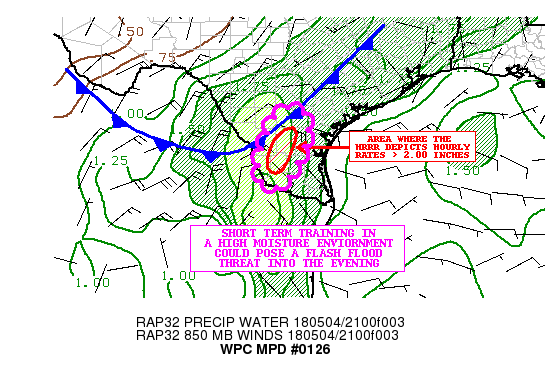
AREAS AFFECTED...SOUTH TX

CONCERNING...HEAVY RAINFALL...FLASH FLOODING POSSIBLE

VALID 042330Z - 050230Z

SUMMARY...SHORT TERM TRAINING AND CELL MERGERS COULD PRODUCE
HOURLY RAINFALL RATES IN EXCESS OF 2.00 INCHES...WHICH COULD POSE
A FLASH FLOOD THREAT INTO THE EVENING HOURS.

DISCUSSION...THE MOST RECENT GOES-16 CLEAN IR LOOP SHOWED AN
INCREASING AREA OF COOLING TOPS ACROSS FAR SOUTH TX INTO
COAHUILA...NUEVO LEON AND TAMAULIPAS IN NEARBY MEXICO (WITH CLOUD
TOPS TEMPERATURES AS COLD AS -75 CELSIUS). THE CONVECTION IS
FORMING IN AN AXIS OF OF 1000-1500 J/KG OF MLCAPE EXTENDING ACROSS
FAR SOUTH TX... AHEAD OF A COLD FRONT DROPPING SOUTH FROM CENTRAL
TX.

THE CONVECTION IS FORMING ALONG A STRONG PRECIPITABLE WATER
GRADIENT...WITH VALUES NEAR 2.00 INCHES NEAR THE RIO GRANDE RIVER.
THUS FAR...THE CONVECTION HAS BEEN FAIRLY SCATTERED ACROSS SOUTH
TX...BUT PER THE KCRP RADAR...THE CONVECTION THAT HAS FORMED HAS
PRODUCED HOURLY RAINFALL RATES OVER 2.00 INCHES OVER DUVALL
COUNTY. THE HCA PRODUCT FROM KCRP SUGGESTS THAT THESE RAINFALL
RATES COULD BE HAIL CONTAMINATED AS RAP SOUNDINGS IN SOUTH TX DID
SHOW SOME DRY AIR IN THE MID LEVELS AWAY FROM THE COAST.

WITH THE BEST FORCING STILL NORTH AND WEST OF THE REGION THROUGH
THE EARLY EVENING HOURS...IT IS STILL UNCLEAR JUST HOW WIDESPREAD
THE CONVECTION BECOMES. THE MOST RECENT HRRR INDICATED CONVECTION
FORMING AHEAD OF THE LINE (WITH PROVIDES LOW LEVEL CONVERGENCE)
AND DROPPING SOUTH TOWARD THE RIO GRANDE RIVER. LOCAL RADARS ALSO
SHOWED OUTFLOW BOUNDARIES BEING PRODUCED...AND THE INTERSECTIONS
OF OUTFLOW BOUNDARIES COULD ALSO PRESENT AN OPPORTUNITY FOR FLASH
FLOODING.

IN THIS SCENARIO...CELLS WITH HOURLY RAINFALL RATES IN EXCESS OF
2.00 INCHES COULD TRAIN OR MERGE. TRAINING OR MERGERS COULD RESULT
IN LOCAL 4.00 INCH RAINFALL AMOUNTS...WHICH COULD OCCUR IN LESS
THAN TWO HOURS. ONE AND THREE HOUR FLASH FLOOD GUIDANCE VALUES ARE
FAIRLY HIGH (GENERALLY ABOVE 3.00 INCHES)...SO TRAINING OR CELL
MERGERS WOULD BE NECESSARY FOR FLASH FLOODING TO INITIATE. THE
MOST RECENT RAP SUGGESTS THAT THE THREAT FOR FLASH FLOODING WILL
WANE DURING THE EVENING HOURS (GENERALLY AFTER 05/03Z)...AS
INSTABILITY IS EITHER EXHAUSTED BY CONVECTION...OR BECOMES
ELEVATED IN FAVOR OF LOW LEVEL CIN.

AT THIS POINT...THE THREAT FOR FLASH FLOODING EXISTS...THOUGH IT
IS NOT CLEAR JUST HOW WIDESPREAD THE THREAT WILL BECOME.
THUS...FLASH FLOODING IS ONLY CONSIDERED POSSIBLE INTO THE EVENING
HOURS.